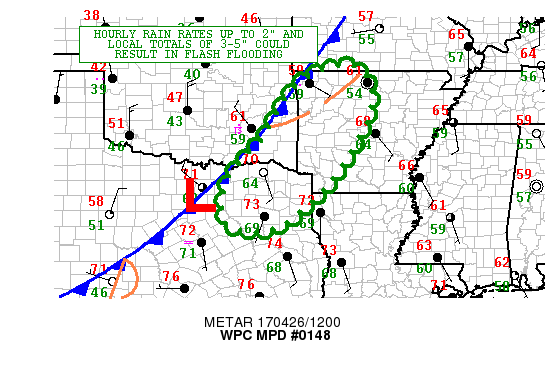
AREAS AFFECTED...NORTHEAST TX...EASTERN OK...WESTERN AR

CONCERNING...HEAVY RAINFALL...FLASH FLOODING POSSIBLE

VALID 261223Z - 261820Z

SUMMARY...AN APPROACHING UPPER SHORTWAVE WILL COMBINE WITH STRONG
MOIST LOW LEVEL SOUTHERLY FLOW TO PRODUCE ADDITIONAL HEAVY
RAINFALL ACROSS EASTERN OK...NORTHEAST TX...AND WESTERN AR. HOURLY
RAIN RATES UP TO 2" AND LOCAL RAINFALL TOTALS OF 3-5" COULD RESULT
IN FLASH FLOODING.

DISCUSSION...THE SQUALL LINE EXTENDING FROM NORTHWEST AR INTO
NORTHEAST TX WILL CONTINUE TO PRODUCE LOCALLY HEAVY RAIN AS IT
PROGRESSES SLOWLY EASTWARD DURING THE NEXT SEVERAL HOURS. LOW
LEVEL SOUTHERLY FLOW OF 50-65 KT OVER NORTHEAST TX...AS SHOWN BY
VAD WIND PROFILES...WILL CONTINUE TO PRODUCE STRONG LOW LEVEL
CONVERGENCE...WHILE THE MEAN LAYER 850-300 MB WIND IS SOUTHWEST
AROUND 50 KT. PWATS SHOULD CONTINUE TO INCREASE ACROSS THE REGION
TO AROUND 1.4-1.8"...AND THE LOW LEVEL FLOW WILL FEED THIS MOIST
AIR INTO THE SURFACE FRONTAL BOUNDARY AS IT MOVES SLOWLY EAST INTO
WESTERN AR. IN ADDITION THE UPPER LEVEL SHORTWAVE IS BECOMING MORE
NEGATIVELY TILTED...AND NORTHWEST AR WILL BE IN A REGION OF STRONG
DIFFLUENCE ALOFT AS THE RIGHT ENTRANCE REGION OF A 120 KT JET
MOVES OVER THE AREA.

RADAR DATA...RECENT RAINFALL HISTORY...AND HIRES MODEL GUIDANCE
SUGGEST THAT HOURLY RAIN RATES UP TO ABOUT 2" ARE LIKELY WITH
LOCAL 6-HOUR RAINFALL AMOUNTS OF 3-5". 3-HR FLASH FLOOD GUIDANCE
VALUES ARE GENERALLY 2.5-5"...BUT THEY ARE LOCALLY 2-2.5" ACROSS
THE NORTH PART OF THE AREA DUE TO RECENT HEAVY RAINS. FLASH
FLOODING IS POSSIBLE.